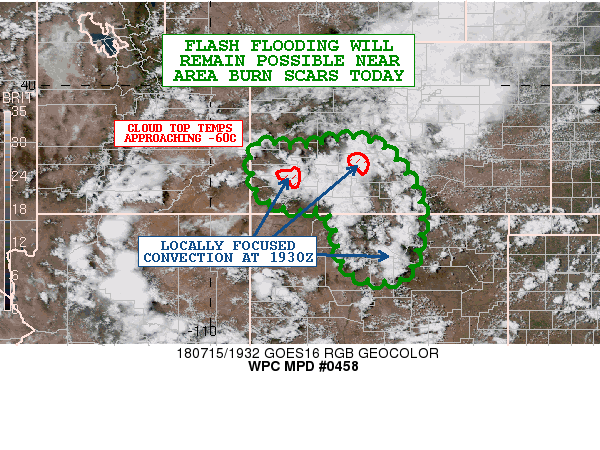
AREAS AFFECTED...SOUTHWEST CO...NORTH-CENTRAL NM

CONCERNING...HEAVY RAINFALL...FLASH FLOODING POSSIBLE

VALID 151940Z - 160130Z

SUMMARY...ADDITIONAL SHOWERS AND THUNDERSTORMS WITH ENHANCED
RAINFALL RATES WILL MAINTAIN THE THREAT FOR SOME FLASH FLOODING
THIS AFTERNOON.

DISCUSSION...SCATTERED AREAS OF SHOWERS AND THUNDERSTORMS ARE
ONGOING CURRENTLY ACROSS THE HIGH COUNTRY OF SOUTHWEST CO AND ALSO
LOCALLY DOWN ACROSS NORTH-CENTRAL NM. THE MAIN FOCUS IS ON THE SAN
JUAN MOUNTAINS AND ALSO THE SANGRE DE CRISTO RANGE...AND THE
GOES-16 GEOCOLOR SATELLITE IMAGERY CONTINUES TO SHOW CONVECTION
FOCUSED OVER THESE RIDGES ALONG WITH ADJACENT PLATEAU AREAS. SOME
MODEST CLOUD TOP COOLING HAS BEEN NOTED OVER THE LAST 1 TO 2
HOURS...AND SOME ADDITIONAL EXPANSION OF CONVECTION IS LIKELY
THROUGH THE AFTERNOON AS ADDITIONAL DIURNAL HEATING AND FOCUSING
OF INSTABILITY NEAR SOME OF THE SMALLER SCALE DIFFERENTIAL HEATING
BOUNDARIES CONTINUES.

THE MOISTURE PROFILES ARE ANOMALOUS MOIST AND ESPECIALLY OVER IN
SOUTHWEST CO WHERE PWATS ARE RUNNING OVER 2 STANDARD DEVIATIONS
ABOVE NORMAL IN ASSOCIATION WITH THE MONSOON PATTERN. THIS WILL
LEAD TO ENHANCED RAINFALL RATE POTENTIAL.

THE LATEST HIRES MODEL CONSENSUS SUPPORTS AS MUCH AS 1 TO 2 INCHES
OF RAIN THIS AFTERNOON AND THIS MAY RESULT IN SOME ADDITIONAL
FLASH FLOODING CONCERNS. THE MAIN THREAT AGAIN WILL BE TO THE
HIGHLY SENSITIVE AND SLOPED BURN SCARS ALONG WITH AREAS
IMMEDIATELY ADJACENT TO THEM WHERE ENHANCED RUNOFF WILL BE LIKELY.